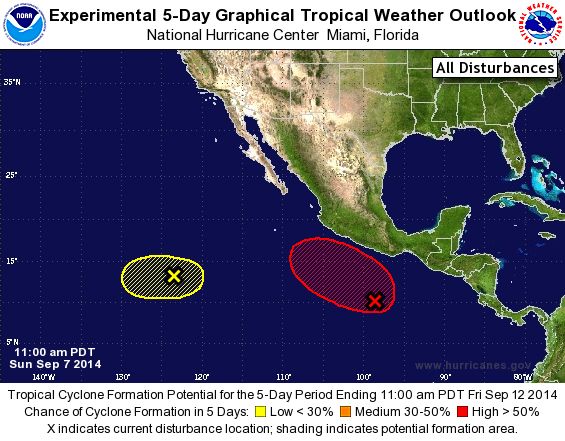
For the eastern North Pacific...east of 140 degrees west longitude:

The National Hurricane Center is issuing advisories on Tropical Storm Norbert, located offshore of the west-central coast of the Baja California peninsula.

1. Disorganized showers and thunderstorms located several hundred miles south of the southern coast of Mexico are associated with a trough of low pressure. Environmental conditions appear conducive for for gradual development of this system during the next several days while it moves slowly northwestward.
* Formation chance through 48 hours...low...20 percent.
* Formation chance through 5 days...high...60 percent.

2. An area of disorganized showers and thunderstorms centered about 1100 miles south-southwest of the southern tip of the Baja California peninsula is associated with a broad area of low pressure. Development, if any, of this system is expected to be slow to occur during the next several days while it remains nearly stationary.
* Formation chance through 48 hours...low...near 0 percent.
* Formation chance through 5 days...low...10 percent.

Forecaster Brown